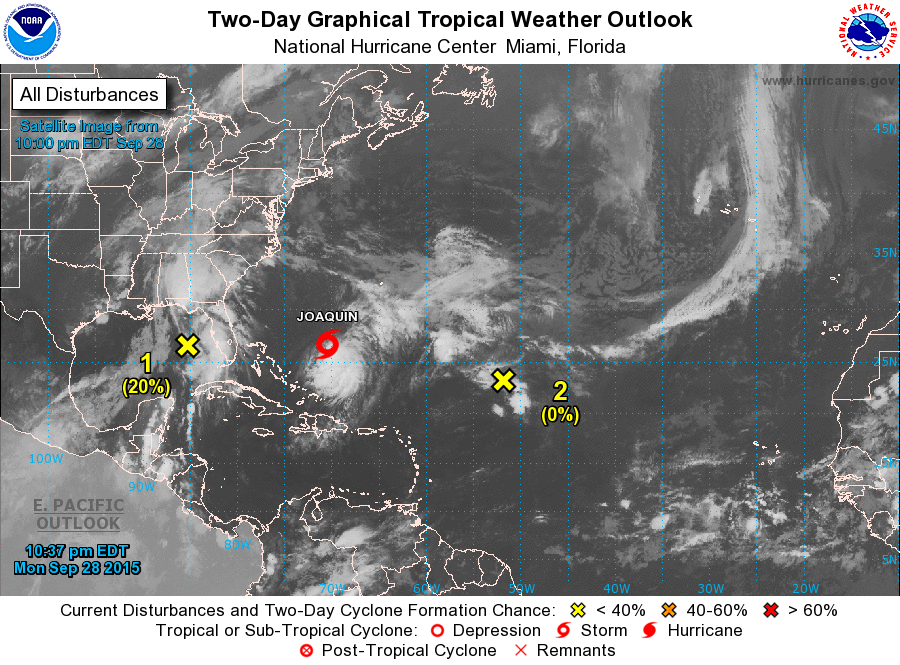
For the North Atlantic...Caribbean Sea and the Gulf of Mexico:

The National Hurricane Center is issuing advisories on Tropical Depression Eleven, located about midway between the central Bahamas and Bermuda.

1. A sharp trough of low pressure located over the eastern Gulf of Mexico about 150 miles west of Tampa, Florida, continues to produce a large area of showers and thunderstorms over the eastern Gulf of Mexico and portions of the southeastern United States. Surface observations and data from a reconnaissance aircraft from a few hours ago indicate that the system has become elongated. However, the aircraft did find gale-force winds in the eastern portion of the trough. Strong upper-level winds will likely prevent significant development of this system before it moves inland over the northern Gulf coast on Tuesday. Another Air Force Reserve reconnaissance aircraft is scheduled to investigate the disturbance Tuesday morning, if necessary. Regardless of whether or not this system becomes a tropical cyclone, locally heavy rains are likely over portions of the southeastern United States during the next couple of days. For additional information on this weather system, see High Seas Forecasts issued by the National Weather Service and products from your local National Weather Service office.
* Formation chance through 48 hours...low...20 percent
* Formation chance through 5 days...low...20 percent

2. A large area of disturbed weather over the central Atlantic several hundred miles northeast of the northern Leeward Islands is associated with a frontal trough and the remnants of Ida. Some slow development of this system is possible in a couple of days while it moves west-northwestward.
* Formation chance through 48 hours...low...near 0 percent
* Formation chance through 5 days...low...30 percent

High Seas Forecasts issued by the National Weather Service can be found under AWIPS header NFDHSFAT1, WMO header FZNT01 KWBC, and on the Web at http://www.opc.ncep.noaa.gov/shtml/NFDHSFAT1.shtml.

Forecaster Cangialosi